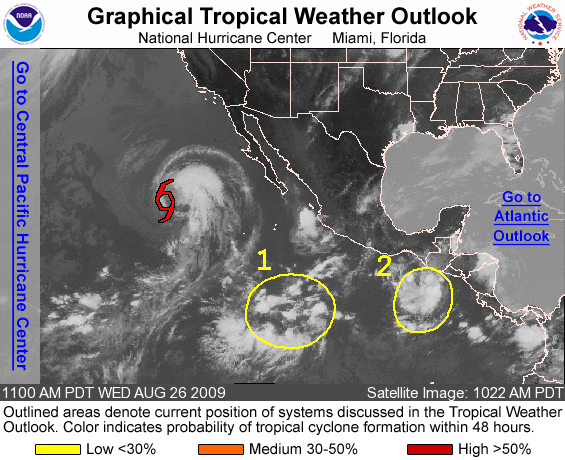
FOR THE EASTERN NORTH PACIFIC...EAST OF 140 DEGREES WEST LONGITUDE..

THE NATIONAL HURRICANE CENTER IS ISSUING ADVISORIES ON TROPICAL STORM IGNACIO...LOCATED ABOUT 905 MILES WEST OF THE SOUTHERN TIP OF BAJA CALIFORNIA.

1. A LARGE AREA OF DISTURBED WEATHER IS LOCATED SEVERAL HUNDRED MILES SOUTHWEST OF THE SOUTHWESTERN COAST OF MEXICO. CONDITIONS APPEAR FAVORABLE FOR GRADUAL DEVELOPMENT OF THIS SYSTEM DURING THE NEXT COUPLE OF DAYS AS IT MOVES GENERALLY WEST-NORTHWESTWARD. THERE IS A LOW CHANCE...LESS THAN 30 PERCENT...OF THIS SYSTEM BECOMING A TROPICAL CYCLONE DURING THE NEXT 48 HOURS.

2. A WESTWARD MOVING TROPICAL WAVE LOCATED A COUPLE HUNDRED MILES SOUTH OF THE COAST OF GUATEMALA IS PRODUCING DISORGANIZED SHOWERS AND THUNDERSTORMS. SOME SLOW DEVELOPMENT OF THIS SYSTEM IS POSSIBLE DURING THE NEXT DAY OR TWO. THERE IS A LOW CHANCE...LESS THAN 30 PERCENT...OF THIS SYSTEM BECOMING A TROPICAL CYCLONE DURING THE NEXT 48 HOURS.

ELSEWHERE...TROPICAL CYCLONE FORMATION IS NOT EXPECTED DURING THE NEXT 48 HOURS.

FORECASTER BROWN